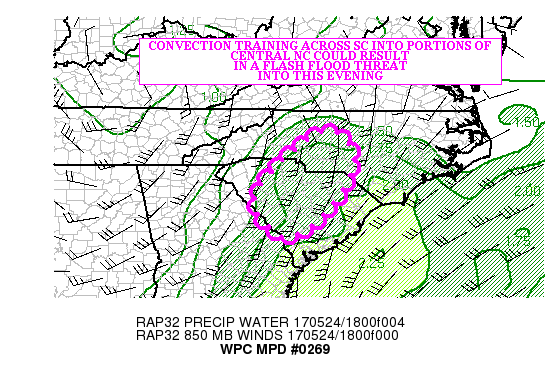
AREAS AFFECTED...SC INTO CENTRAL NC

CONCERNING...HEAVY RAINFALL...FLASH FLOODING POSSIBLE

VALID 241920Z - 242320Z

SUMMARY...CONVECTION TRAINING ACROSS SC INTO PORTIONS OF CENTRAL
NC COULD RESULT IN A FLASH FLOOD THREAT THROUGH THE EARLY EVENING
HOURS.

DISCUSSION...REGIONAL RADARS SHOWED AN INCREASING AREA OF
CONVECTION OVER CENTRAL SC...WHERE THE EXPERIMENTAL GOES-16 CLEAN
IR LOOP SHOWED SLOWLY COOLING TOPS IN THE INCREASINGLY DIFLUENT
FLOW AHEAD OF A CLOSED MID LEVEL LOW OVER NORTHERN KY. THE
CONVECTION IS FORMING/STRENGTHENING IN AN AXIS OF 500-1000
J/KG...ON THE NORTHWEST EDGE OF A PRECIPITABLE WATER GRADIENT...
WITH THE BEST MOISTURE PLUME LOCATED OVER SOUTHEAST GA AND THE
COASTAL WATERS OF SC.

THE INCREASINGLY DIFLUENT FLOW SHOULD PROVIDE SUFFICIENT SYNOPTIC
SCALE ASCENT TO SUPPORT CONVECTION ACROSS CENTRAL SC INTO SOUTH
CENTRAL NC THROUGH 00Z. THE LATEST RAP SHOWED THAT THE INSTABILITY
MAY BECOME THE LIMITING FACTOR FOR MORE WIDESPREAD
CONVECTION...ESPECIALLY AFTER 23Z OR SO.

BEFORE THAT TIME...LOW LEVEL CONVERGENCE EAST OF THE TERRAIN
SHOULD SUPPORT TRAINING CONVECTION INTO THE LATE AFTERNOON HOURS.
MOST OF THE AVAILABLE HIGH RESOLUTION GUIDANCE IS TOO FAR
NORTHWEST WITH THE CURRENT CONVECTION...AND AN HOUR OR TWO SLOWER
THAN REALITY. BASED ON HOURLY RAINFALL RATES SHOWN ON THE KGSP
RADAR... THE 2.00 TO LOCAL 4.00 INCH RAINFALL AMOUNTS SHOWN BY THE
12Z NSSL WRF SEEM PLAUSIBLE.

THREE HOUR FLASH FLOOD GUIDANCE VALUES DROP OFF TO LESS THAN 1.50
INCHES OVER PORTIONS OF SOUTH CENTRAL NC...INCREASING THE
POTENTIAL FOR FLASH FLOODING. DIMINISHING INSTABILITY MAY RESULT
IN A GRADUAL DECREASE IN CONVECTION...AND FLASH FLOOD
POTENTIAL...AFTER 00Z.